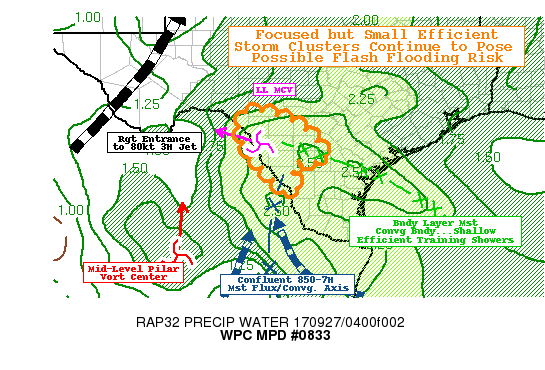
AREAS AFFECTED...SOUTHWEST TEXAS

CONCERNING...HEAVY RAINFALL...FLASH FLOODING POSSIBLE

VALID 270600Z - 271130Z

SUMMARY...CONTINUED THREAT FOR SMALL BUT HIGHLY EFFICIENT (2.5"/HR
RATES) AND SLOW MOVING CLUSTERS NEAR THE RIO GRANDE OVER ALREADY
SATURATED GROUND CONDITIONS CONTINUING POSSIBLE FLASH FLOOD
THREAT.

DISCUSSION...REGIONAL WSR-88D REFLECTIVITY MOSAIC DENOTES A FEW
IMPORTANT LOWER LEVEL FEATURES THAT WILL REMAIN ORIENTED FAVORABLY
FOR ENHANCED CONVERGENCE OF HIGH THEAT-E AIR (SURFACE TDS TO
75F+).  A WEAK NEAR INVERSION/BOUNDARY LAYER MCV OR APEX TO HIGHLY
AMPLIFIED TROF EXISTS FROM MAVERICK COUNTY SHIFTING EASTWARD WITH
TIME.  EXTENDING SW FROM THE MCV TO CORPUS CHRISTI BAY IS A LOW
LEVEL CONFLUENCE BAND THAT SHOULD REMAIN FAIRLY CONSISTENTLY
LOCATED FOR SHALLOW BUT MODESTLY INTENSE WARM CLOUD/TROPICAL RAIN
SHOWERS FOR ENHANCED RAIN FALL TOTALS OVER THE NEXT FEW
HOURS...THAT IN ALREADY SATURATED AREAS SUCH AS MCMULLEN/N LASALLE
COUNTIES MAY POSE SOME ADDITIONAL FLOODING CONCERNS.

GOES-16 3-CHANNEL WV SUITE DEPICT THE MAIN MID-LEVEL REMNANT
SHORTWAVE OF PILAR LIFTING INTO S COAHUILA.  IN RESPONSE TO THE
WAVE...STRONG SSELY AND SELY ONSHORE FLOW TO 30KTS AT 850MB
PROVIDES AMPLE MST/INSTABILITY FLUX INTO COMPLEX TERRAIN.  AT THE
SAME TIME...THE WV LOOP SHOWS AN INCREASING CONFLUENT FLOW ALONG
THE SPINE OF THE SIERRA MADRE OF NUEVO LEON TO PROVIDE STRONG
CONVECTION AS FAR NORTH AS THE RIO GRANDE/WEBB COUNTY.

10.3UM LOOP DEPICTS THIS AREA OF INCREASED CONVERGENCE LEADING TO
RAPIDLY COOLING TOPS WITH OCCASIONAL -80C OR COOLER OVERSHOOTING
TOPS DENOTED.  GIVEN VERY DEEP MOISTURE AVAILABLE PER CIRA LPW
(.3" EVEN ABOVE 500H) ORIENTED FAVORABLY TO THE REGION INCREASING
EFFICIENCY ALLOWING FOR RATES OF 2.5"/HR WITH SHORTER BURSTS OF
MUCH GREATER MAGNITUDE POSING THE GREATEST RISK FOR FF.  AT THIS
TIME THE GREATEST LIMITING FACTOR IS REMAINING INSTABILITY ACROSS
SW TX...AS MUCAPES ARE AOA 500 J/KG AT BEST TYPICALLY HUGGING THE
RIO GRANDE.  AS SUCH GREATEST FF RISK RESIDES TO THE WEST OF THE
RIVER BUT GIVEN AMOUNT ALREADY FALLEN ESPECIALLY IN WEBB/E DIMMIT
COUNTIES...IT WOULD NOT TAKE MUCH TO REAGGRAVATE FLOODING HERE AS
WELL.

AS BOTH THE MID-LEVEL VORT CENTER OF PILAR LIFTS NORTH...AND THE
MCV IN MAVERICK SHIFT WEST...THERE WILL BE A HIGHER LIKELIHOOD OF
NORTH AND NORTHWEST SHIFT OF THUNDERSTORMS TOWARD 09-12Z.  THIS
WILL INCREASE UPPER LEVEL DIVERGENCE FROM RIGHT ENTRANCE REGION TO
SW-NE ORIENTED 3H JET OVER THE WESTERN PANHANDLE...AS WELL AS
INCREASING SWLY STEERING FLOW TO POSSIBLY DRAG CELLS FURTHER OFF
THE TERRAIN INTO SW TX.  THIS WITH CLOSER PROXIMITY TO SELY
CONFLUENCE BAND FROM CORPUS CHRISTI IS LIKELY TO INCREASE FLUX AS
WELL CONTINUING THE HEAVY RAINFALL THREAT...THOUGH GREATER LACK OF
INSTABILITY IS LIKELY TO LIMIT VERTICAL GROWTH AND OVERALL DEPTH
OF RAINFALL PRODUCTION.